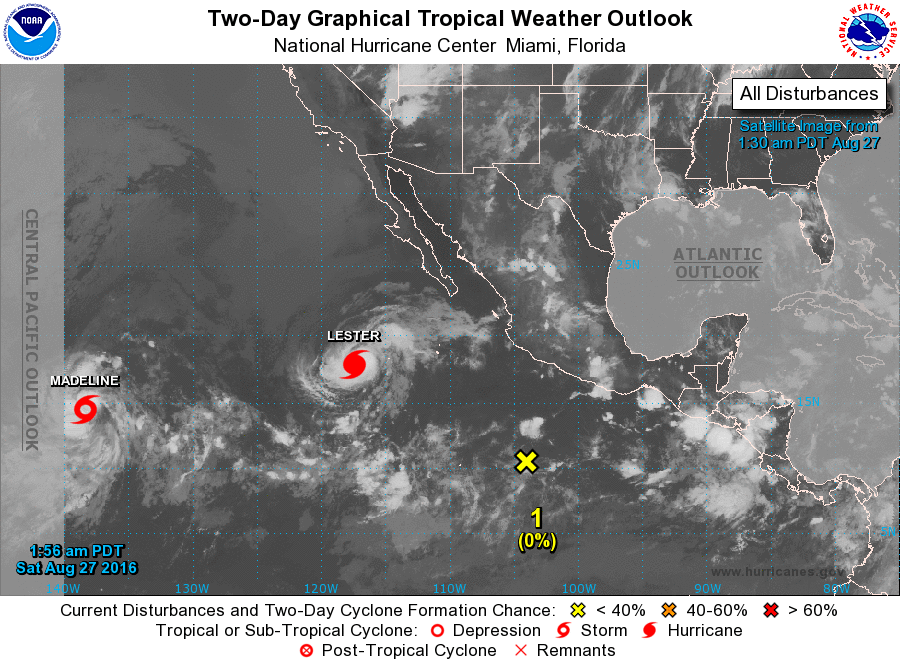
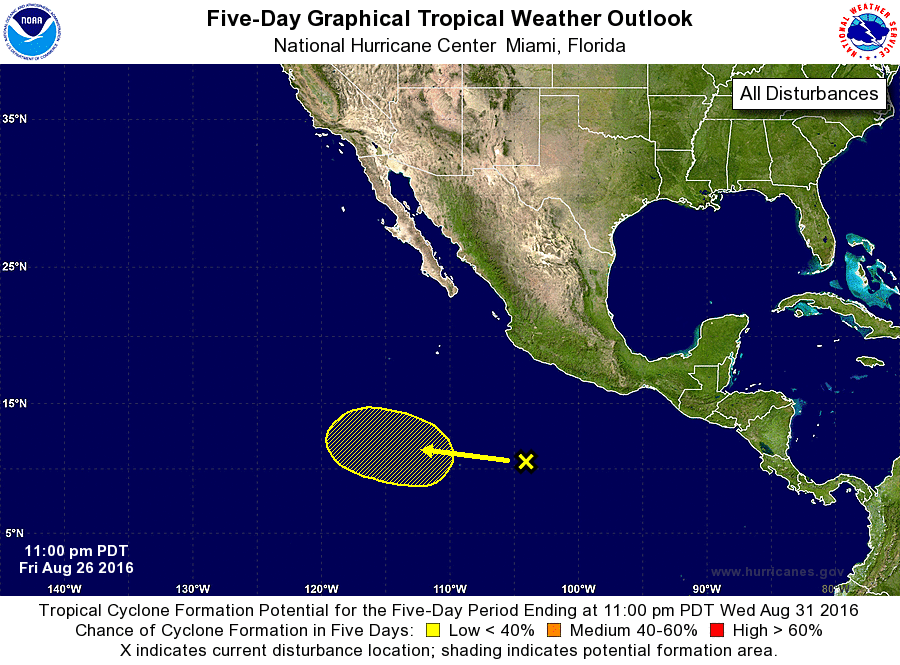
For the eastern North Pacific...east of 140 degrees west longitude:

The National Hurricane Center is issuing advisories on recently upgraded Hurricane Lester, located several hundred miles southwest of the southern tip of the Baja California peninsula, and on recently upgraded Tropical Storm Madeline, located about 1250 miles east-southeast of Hawaii.

1. A large area of disturbed weather is located several hundred miles south of the southwestern coast of Mexico. Environmental conditions are expected to be somewhat conducive for gradual development after the weekend while the system moves west-northwestward at 10 to 15 mph.
* Formation chance through 48 hours...low...near 0 percent
* Formation chance through 5 days...low...30 percent

Public Advisories on Tropical Storm Madeline are issued under WMO header WTPZ34 KNHC and under AWIPS header MIATCPEP4. Forecast/Advisories on Tropical Storm Madeline are issued under WMO header WTPZ24 KNHC and under AWIPS header MIATCMEP4.

Forecaster Beven